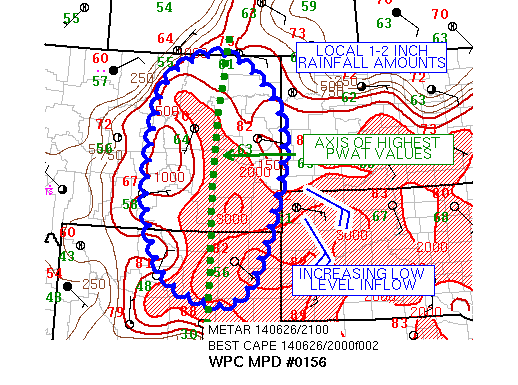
AREAS AFFECTED.......NORTHEAST WY/EASTERN MT...

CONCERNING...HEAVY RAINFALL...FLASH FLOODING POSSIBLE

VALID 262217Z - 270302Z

SUMMARY...CONVECTION DEVELOPING IN THE PRESENCE OF INCREASING
INSTABILITY AND HIGH MOISTURE CONTENT AIR COULD RESULT IN FLASH
FLOODING INTO THE EVENING HOURS.

DISCUSSION...CONVECTION IS DEVELOPING ACROSS NORTHEAST WY AND
EASTERN MT AS THE CIN DECREASES AND MLCAPE INCREASES. THE ACTIVITY
IS FORMING NEAR THE AXIS OF HIGHEST PWAT VALUES (CLOSE TO 1.25
INCHES...WHICH IS ABOUT TWO STANDARD DEVIATIONS ABOVE NORMAL). THE
LOW LEVEL SOUTHEAST INFLOW SHOULD INCREASE DURING THE EVENING
HOURS...ENSURING A RICH SUPPLY OF HIGH MOISTURE CONTENT AIR.

THE ACTIVITY SHOULD CONTINUE THROUGH AT LEAST 03Z...AS SYNOPTIC
SCALE ASCENT INCREASES AHEAD OF A SHORT WAVE APPROACHING FROM
CENTRAL ID. ONE HOUR FLASH FLOOD GUIDANCE NUMBERS ARE VERY LOW IN
SPOTS (LESS THAN AN INCH IS SOME PORTIONS OF NORTHEAST WY AND
SOUTHEAST MT)...AND THE ONGOING CONVECTION HAS BEEN PRODUCING AS
MUCH AS 0.75 INCHES AN HOUR TO THIS POINT. THERE IS A STRONG
SIGNAL IN THE HIGH RES GUIDANCE THAT 1-2 INCHES OF RAIN COULD FALL
WITH STRONGER STORMS AND IN AREAS WHERE THE ACTIVITY TRAINS.